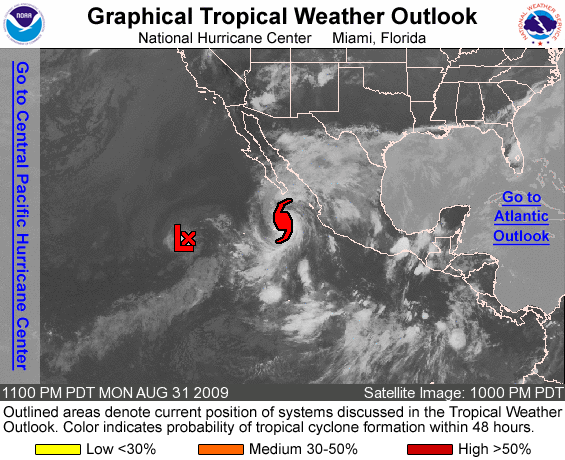
FOR THE EASTERN NORTH PACIFIC...EAST OF 140 DEGREES WEST LONGITUDE..

THE NATIONAL HURRICANE CENTER IS ISSUING ADVISORIES ON HURRICANE JIMENA...LOCATED ABOUT 215 MILES SOUTH OF CABO SAN LUCAS MEXICO... AND ON TROPICAL DEPRESSION KEVIN...LOCATED ABOUT 840 MILES WEST-SOUTHWEST OF THE SOUTHERN TIP OF BAJA CALIFORNIA.

ELSEWHERE...TROPICAL CYCLONE FORMATION IS NOT EXPECTED DURING THE NEXT 48 HOURS.

FORECASTER BROWN